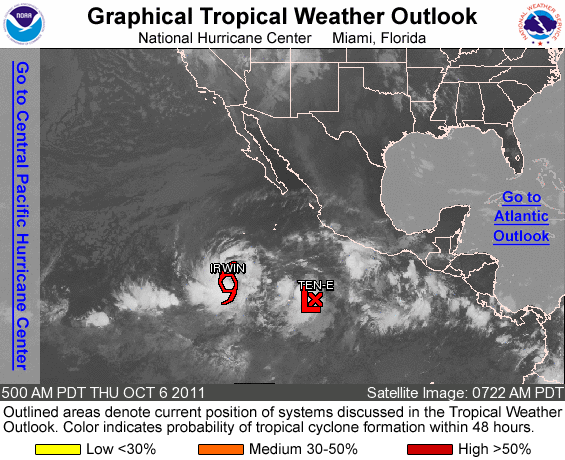
FOR THE EASTERN NORTH PACIFIC...EAST OF 140 DEGREES WEST LONGITUDE..

THE NATIONAL HURRICANE CENTER IS ISSUING ADVISORIES ON TROPICAL DEPRESSION TEN-E...LOCATED ABOUT 610 MILES SOUTH OF MANZANILLO MEXICO...AND ON NEWLY FORMED TROPICAL DEPRESSION ELEVEN-E...LOCATED ABOUT 885 MILES SOUTH-SOUTHWEST OF THE SOUTHERN TIP OF BAJA CALIFORNIA.

ELSEWHERE...TROPICAL CYCLONE FORMATION IS NOT EXPECTED DURING THE NEXT 48 HOURS.

PUBLIC ADVISORIES ON TROPICAL DEPRESSION TEN-E ARE ISSUED UNDER WMO HEADER WTPZ35 KNHC AND UNDER AWIPS HEADER MIATCPEP5. FORECAST/ADVISORIES ARE ISSUED UNDER WMO HEADER WTPZ25 KNHC AND UNDER AWIPS HEADER MIATCMEP5.

PUBLIC ADVISORIES ON TROPICAL DEPRESSION ELEVEN-E ARE ISSUED UNDER WMO HEADER WTPZ31 KNHC AND UNDER AWIPS HEADER MIATCPEP1. FORECAST/ADVISORIES ARE ISSUED UNDER WMO HEADER WTPZ21 KNHC AND UNDER AWIPS HEADER MIATCMEP1.

FORECASTER PASCH